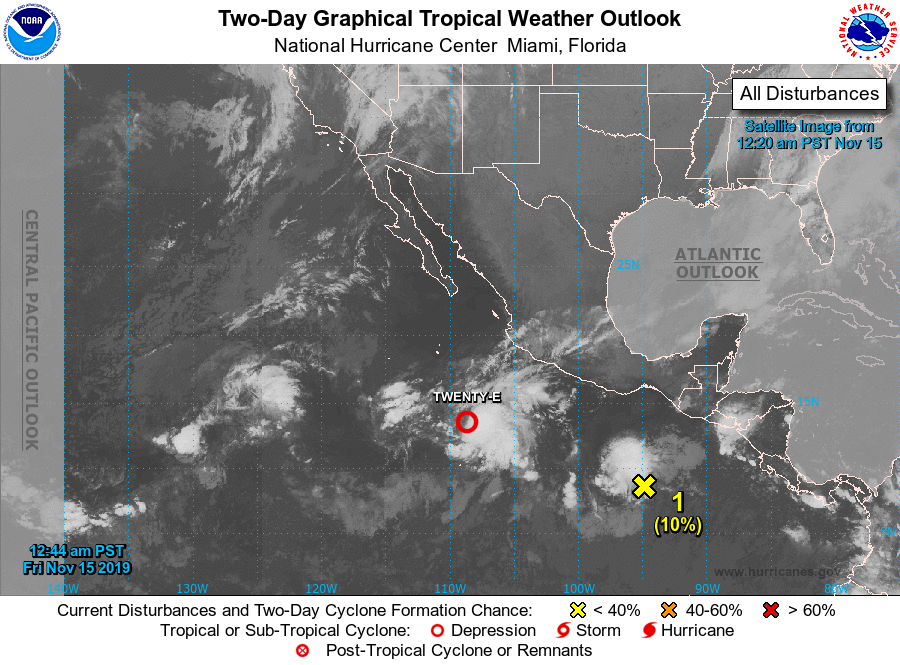
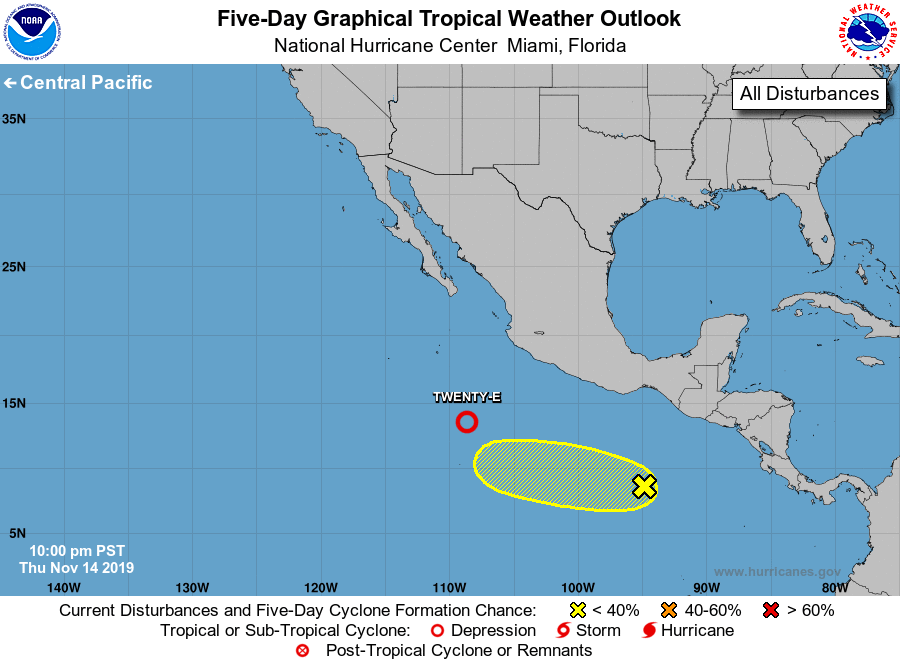
For the eastern North Pacific...east of 140 degrees west longitude:

The National Hurricane Center is issuing advisories on newly formed Tropical Depression Twenty-E, located several hundred miles south of the southern tip of the Baja California peninsula.

1. A small area of low pressure located several hundred miles south of the Gulf of Tehuantepec is producing disorganized showers and thunderstorms. Environmental conditions are forecast to be only marginally conducive for development while the system moves westward at around 10 mph during the next few days.
* Formation chance through 48 hours...low...10 percent.
* Formation chance through 5 days...low...20 percent.

Public Advisories on Tropical Depression Twenty-E are issued under WMO header WTPZ35 KNHC and under AWIPS header MIATCPEP5. Forecast/Advisories on Tropical Depression Twenty-E are issued under WMO header WTPZ25 KNHC and under AWIPS header MIATCMEP5.

Forecaster Brown